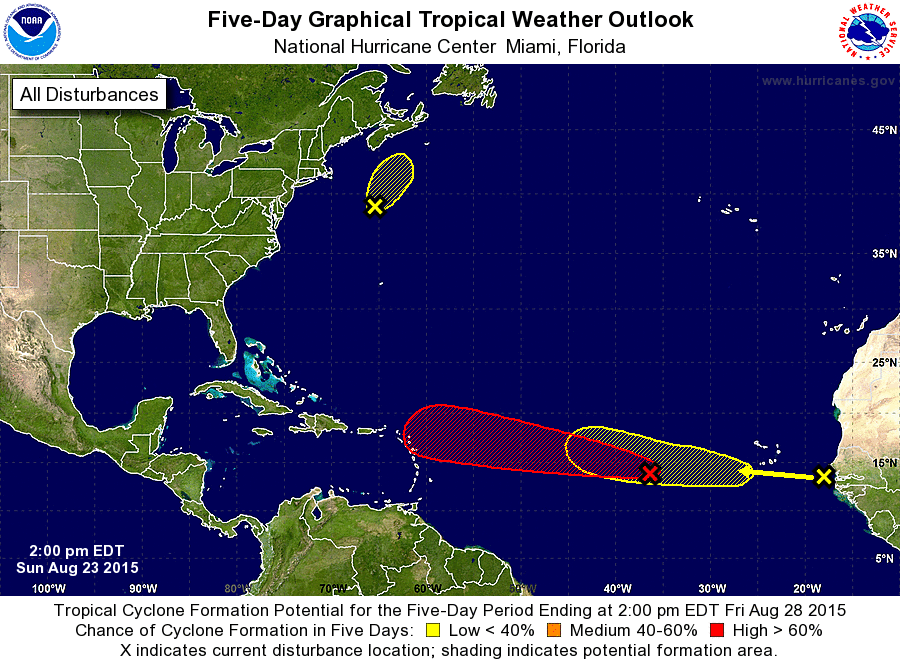
For the North Atlantic...Caribbean Sea and the Gulf of Mexico:

The National Hurricane Center is issuing advisories on Tropical Storm Danny, located a couple of hundred miles east of the Leeward Islands.

1. A low pressure area located several hundred miles south of Nova Scotia is producing disorganized showers and thunderstorms. While the circulation of this system has become somewhat better defined since yesterday, subtropical or tropical cyclone development is unlikely because it is expected to merge with a frontal system while it moves generally northward during the next day or so.
* Formation chance through 48 hours...low...near 0 percent
* Formation chance through 5 days...low...near 0 percent

2. Satellite data indicate that the circulation associated with a low pressure system located about 800 miles west of the Cape Verde Islands has become better defined since yesterday. Shower and thunderstorm activity associated with this low has also become better organized. Environmental are conducive for additional development, and a tropical depression is likely to form before mid- week while the wave moves quickly westward at around 20 mph. By late this week, atmospheric conditions are expected to become less favorable for tropical cyclone formation.
* Formation chance through 48 hours...high...70 percent
* Formation chance through 5 days...high...80 percent

3. Another tropical wave moving off of the west coast of Africa is accompanied by disorganized showers and thunderstorms. Environmental conditions are expected to be only marginally favorable for development while this disturbance moves generally westward over the tropical Atlantic Ocean at 15 to 20 mph this week.
* Formation chance through 48 hours...low...near 0 percent
* Formation chance through 5 days...low...20 percent

Forecaster Kimberlain